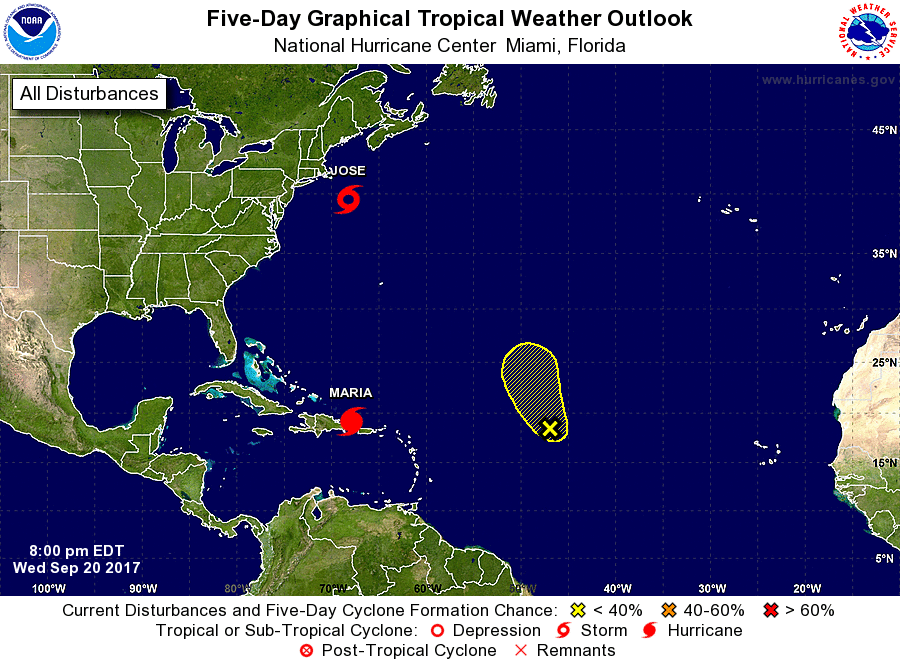
For the North Atlantic...Caribbean Sea and the Gulf of Mexico:

The National Hurricane Center is issuing advisories on Tropical Storm Jose, located a couple of hundred miles south of Nantucket, Massachusetts, and on Hurricane Maria, located less than one hundred miles east of Punta Cana, Dominican Republic.

1. Shower and thunderstorm activity associated with the remnants of Lee remain limited. Environmental conditions are expected to remain unfavorable for significant development during the next few days, and the chances of regeneration are decreasing. The low is forecast to move north-northwestward or northward over open waters of the central Atlantic Ocean.
* Formation chance through 48 hours...low...20 percent.
* Formation chance through 5 days...low...30 percent.

Forecaster Brown